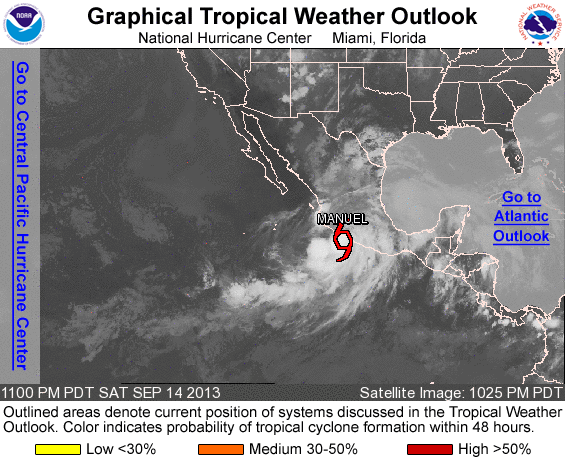
FOR THE EASTERN NORTH PACIFIC...EAST OF 140 DEGREES WEST LONGITUDE..

THE NATIONAL HURRICANE CENTER IS ISSUING ADVISORIES ON TROPICAL STORM MANUEL...LOCATED JUST OFF THE SOUTHWESTERN COAST OF MEXICO.

TROPICAL CYCLONE FORMATION IS NOT EXPECTED DURING THE NEXT 5 DAYS.

&&
FIVE-DAY FORMATION PROBABILITIES ARE EXPERIMENTAL IN 2013. COMMENTS ON THE EXPERIMENTAL FORECASTS CAN BE PROVIDED AT...

HTTP://WWW.NWS.NOAA.GOV/SURVEY/NWS-SURVEY.PHP?CODE=ETWO

FORECASTER BERG